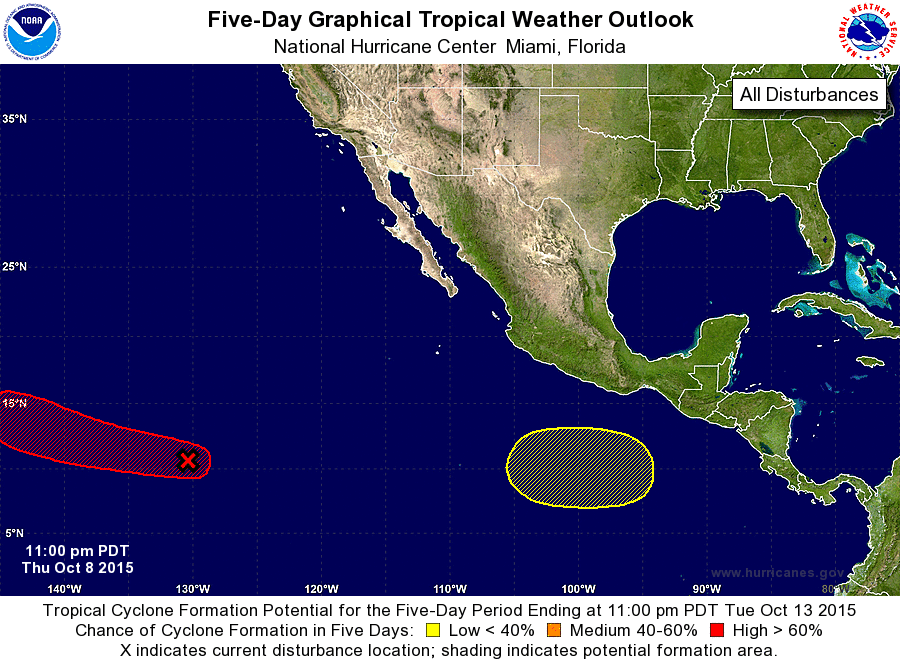
For the eastern North Pacific...east of 140 degrees west longitude:

1. Shower and thunderstorm activity associated with a tropical wave located about 1550 miles southwest of the southern tip of the Baja California peninsula continues to show signs of organization. Environmental conditions are forecast to be conducive for further development, and a tropical depression is likely to form by the weekend or early next week while the system moves west-northwestward at 15 to 20 mph.
* Formation chance through 48 hours...high...70 percent
* Formation chance through 5 days...high...90 percent

2. An area of low pressure is likely to form several hundred miles south of southeastern Mexico late this weekend. Any development of this system is expected to be slow to occur while it moves westward at 5 to 10 mph.
* Formation chance through 48 hours...low...near 0 percent
* Formation chance through 5 days...low...20 percent

Forecaster Pasch